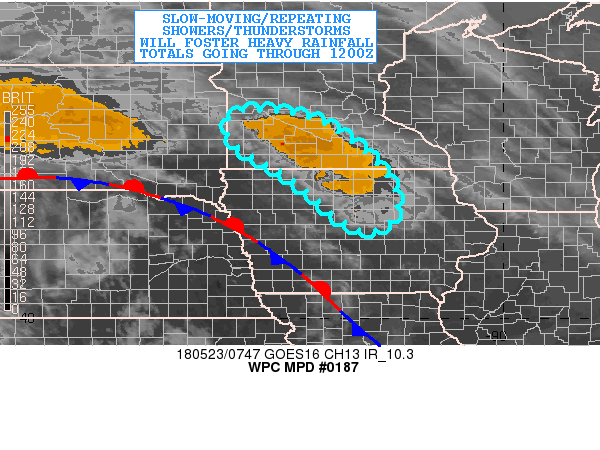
AREAS AFFECTED...NORTH-CENTRAL IA...SOUTHWEST TO SOUTH-CENTRAL MN

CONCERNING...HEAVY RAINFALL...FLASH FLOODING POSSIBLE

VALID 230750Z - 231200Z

SUMMARY...SLOW-MOVING AND REPEATING SHOWERS AND THUNDERSTORMS WILL
POSE AT LEAST SOME FLASH FLOODING CONCERNS GOING THROUGH DAWN.

DISCUSSION...THE UPPER MIDWEST REGION IS UNDER A BROAD WARM AIR
ADVECTION PATTERN WITH DEEPER LAYER SOUTH TO SOUTHWEST FLOW
RETURNING UP ACROSS THE PLAINS WHICH IS TRANSPORTING FAVORABLE
LEVELS OF MOISTURE AND INSTABILITY NORTHWARD AND OVER A
WELL-DEFINED QUASI-STATIONARY FRONTAL ZONE.

THE LATEST RADAR AND GOES-16 SATELLITE IMAGERY ARE SHOWING AN
EXPANSION OF CONVECTION WITH VERY COLD CLOUD TOPS IN A NW/SE
FASHION TO THE NORTHEAST OF THIS FRONT. THE ACTIVITY IS FOCUSING
ALONG A WELL-DEFINED ELEVATED INSTABILITY GRADIENT AND AT THE NOSE
OF A SOUTHWEST LOW LEVEL JET OF ABOUT 30 KTS. PWATS ACROSS THE
REGION HAVE RISEN TO NEAR 1.3 TO 1.5 INCHES AND IS HELPING TO
FACILITATE HEAVY RAINFALL RATES. IN FACT...THIS COUPLED WITH SOME
OVERSHOOTING TOP ACTIVITY IS CONTRIBUTING TO RAINFALL RATES OF AS
MUCH AS 2 TO 2.5 INCHES/HR. IN FACT...ESTERVILLE IA (KEST)RECENTLY
REPORTED 2.29 INCHES IN LESS THAN 1 HOUR.

OVER THE NEXT FEW HOURS...THE LOW LEVEL JET SHOULD REMAIN RATHER
STEADY STATE WHICH WILL FOSTER SPEED CONVERGENCE ALONG WITH
FAVORABLE MOISTURE/INSTABILITY TRANSPORT OVER THE AFOREMENTIONED
BOUNDARY FOR SUSTAINABLE CONVECTION. THE CELLS ARE RELATIVELY
ANCHORED ALONG THE SAME AXIS WITH ONLY A VERY SLOW EASTWARD SHIFT
NOTED TO THE CONVECTIVE AXIS OVER THE LAST HOUR...AND THERE WILL
BE CONCERNS FOR AT LEAST SOME PERIODIC TRAINING OR REPEATING OF
CONVECTIVE CELLS.

THE VERY INTENSE RAINFALL RATES AND SLOW MOVEMENT OF THE OVERALL
CONVECTIVE AXIS WILL PROMOTE SOME VERY HEAVY RAINFALL TOTALS THAT
MAY REACH AS HIGH AS 3 TO 4 INCHES WITH ISOLATED HEAVIER AMOUNTS
GOING THROUGH 12Z. THIS WILL PROMOTE A CONCERN FOR AT LEAST SOME
FLASH FLOODING. WILL CONTINUE TO MONITOR.